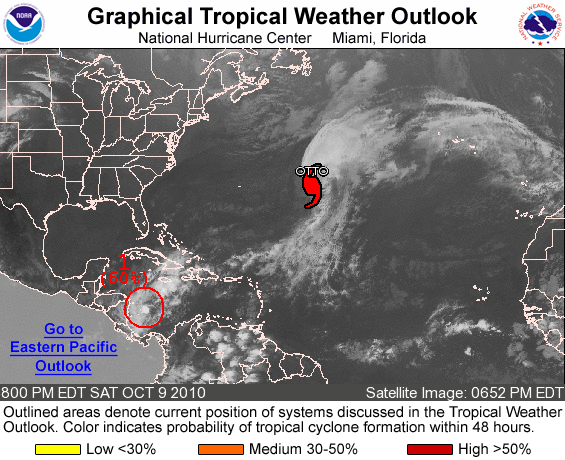
FOR THE NORTH ATLANTIC...CARIBBEAN SEA AND THE GULF OF MEXICO...

THE NATIONAL HURRICANE CENTER IS ISSUING ADVISORIES ON HURRICANE OTTO...LOCATED ABOUT 710 MILES EAST OF BERMUDA.

1. SATELLITE IMAGES AND SURFACE OBSERVATIONS INDICATE THE LOW PRESSURE SYSTEM LOCATED OVER THE SOUTHWESTERN CARIBBEAN SEA ABOUT 160 MILES SOUTHEAST OF THE NICARAGUA-HONDURAS BORDER HAS CONTINUED TO BECOME BETTER DEFINED. THUNDERSTORM ACTIVITY HAS INCREASED AND BECOME BETTER ORGANIZED NEAR THE CENTER OF THE LOW...AND ENVIRONMENTAL CONDITIONS ARE CONDUCIVE FOR A TROPICAL DEPRESSION TO FORM DURING THE NEXT DAY OR SO. THERE IS A HIGH CHANCE...60 PERCENT...OF TROPICAL CYCLONE FORMATION IN THE NEXT 48 HOURS AS THE SYSTEM MOVES NORTHWESTWARD AT 10 TO 15 MPH.

ELSEWHERE...TROPICAL CYCLONE FORMATION IS NOT EXPECTED DURING THE NEXT 48 HOURS.

FORECASTER STEWART